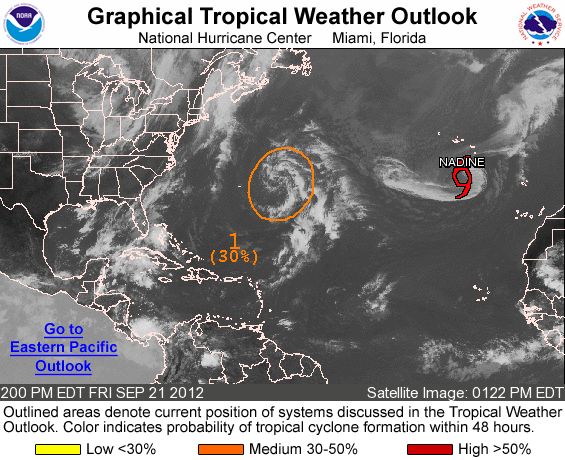
FOR THE NORTH ATLANTIC...CARIBBEAN SEA AND THE GULF OF MEXICO...

THE NATIONAL HURRICANE CENTER IS ISSUING ADVISORIES ON TROPICAL STORM NADINE...LOCATED ABOUT 305 MILES SOUTH OF THE AZORES.

1. THERE HAS BEEN LITTLE CHANGE WITH A NON-TROPICAL LOW PRESSURE AREA LOCATED ABOUT 400 MILES EAST OF BERMUDA. SOME DEVELOPMENT OF THIS LOW IS POSSIBLE TODAY BEFORE IT ENCOUNTERS LESS CONDUCIVE CONDITIONS THIS WEEKEND. THIS SYSTEM HAS A MEDIUM CHANCE...30 PERCENT...OF BECOMING A SUBTROPICAL CYCLONE DURING THE NEXT 48 HOURS AS IT MOVES NORTHWESTWARD AT ABOUT 10 MPH.

ADDITIONAL INFORMATION ON THIS LOW CAN BE FOUND IN HIGH SEAS FORECASTS ISSUED BY THE NATIONAL WEATHER SERVICE.

ELSEWHERE...TROPICAL CYCLONE FORMATION IS NOT EXPECTED DURING THE NEXT 48 HOURS.

&&
HIGH SEAS FORECASTS ISSUED BY THE NATIONAL WEATHER SERVICE CAN BE FOUND UNDER AWIPS HEADER NFDHSFAT1 AND WMO HEADER FZNT01 KWBC.

FORECASTER BLAKE